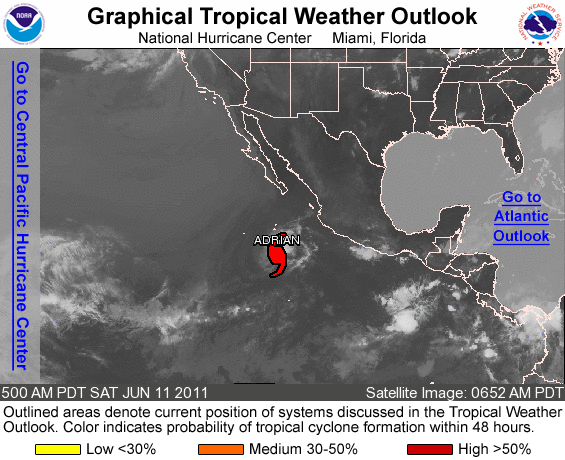
FOR THE EASTERN NORTH PACIFIC...EAST OF 140 DEGREES WEST LONGITUDE..

THE NATIONAL HURRICANE CENTER IS ISSUING ADVISORIES ON WEAKENING HURRICANE ADRIAN...LOCATED ABOUT 495 MILES SOUTH OF THE SOUTHERN TIP OF BAJA CALIFORNIA.

ELSEWHERE...TROPICAL CYCLONE FORMATION IS NOT EXPECTED DURING THE NEXT 48 HOURS.

FORECASTER LANDSEA/AVILA